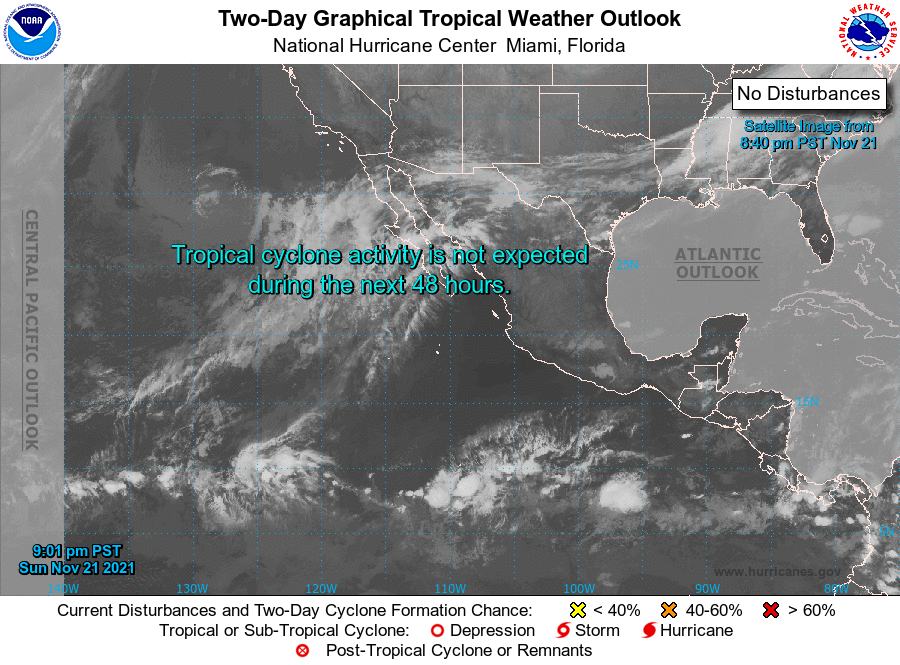
For the eastern North Pacific...east of 140 degrees west longitude:

Tropical cyclone formation is not expected during the next 5 days.

Forecaster Cangialosi